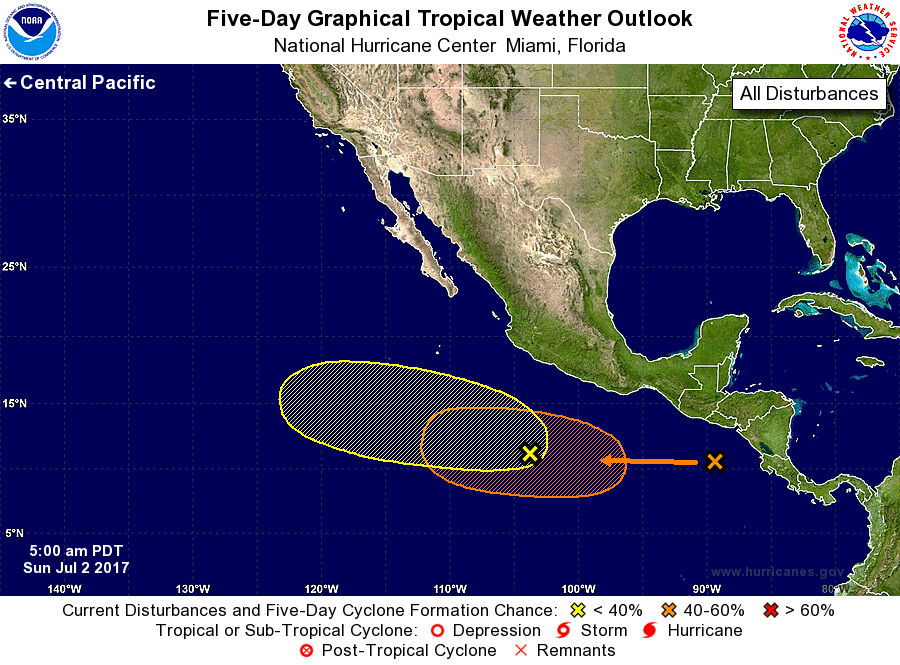
For the eastern North Pacific...east of 140 degrees west longitude:

1. A large area of showers and thunderstorms located several hundred miles south-southwest of Acapulco, Mexico, is associated with an elongated area of low pressure. Some slow development of this system is possible during the next several days while it moves west-northwestward away from the coast of southwestern Mexico.
* Formation chance through 48 hours...low...10 percent.
* Formation chance through 5 days...low...30 percent.

2. A tropical wave located south-southwest of the coast of El Salvador is producing disorganized shower and thunderstorm activity. An area of low pressure is expected to form in association with the wave during the next couple of days well south of the coast of Mexico. Environmental conditions are expected to be favorable for development of this system by later this week while it moves westward to west-northwestward at around 10 mph.
* Formation chance through 48 hours...low...near 0 percent.
* Formation chance through 5 days...medium...50 percent.

Forecaster Brown